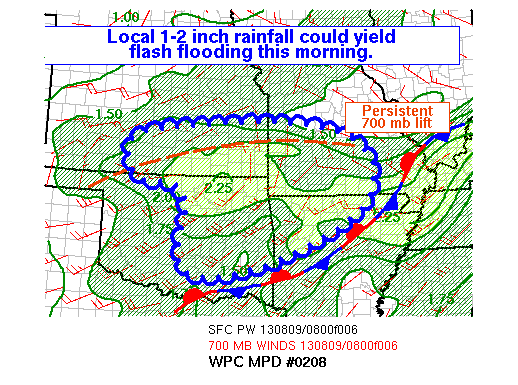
AREAS AFFECTED...SOUTHERN KS...SOUTHWEST MO...NORTHEAST
OK...NORTHWEST AR

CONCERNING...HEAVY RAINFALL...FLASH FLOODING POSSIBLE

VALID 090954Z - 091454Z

SUMMARY...SUSTAINED LIFT IN A MOIST AND WEAKLY UNSTABLE
ENVIRONMENT MAY YIELD ENOUGH RAINFALL TO CAUSE FLASH FLOODING IN
THE MOST SUSCEPTIBLE AREAS.

DISCUSSION...THE THURSDAY EVENING CONVECTIVE EVENT HAD MOWED
THROUGH MOST OF THE NEAR-SFC BASED INSTABILITY OVER THIS
REGION...BUT AT 0930Z RADAR STILL SHOWED POCKETS OF HEAVY RAIN
FROM BOTH SHALLOW UPDRAFTS IN KS AND DEEPER UPDRAFTS IN OK. OUR
CONCERN FOR HEAVY RAIN FOCUSES MAINLY IN TWO AREAS. FIRST THE WEST
TO EAST ORIENTED 700 MB TROUGH AXIS IN SOUTHERN KS AND MO.
CONVERGENCE OF 850 MB WINDS ALSO FOCUSES ALONG THIS AXIS...AND THE
RAP FORECASTS CONTINUED LIFT HERE THROUGH 15Z AND BEYOND. RAINFALL
HAD BEEN LOCALLY EFFICIENT IN NORTHERN OK EARLIER...WHERE 1-1.5
INCHES IN AN HOUR HAD BEEN NOTED PER THE OK MESONET. COVERAGE OF
INTENSE ECHOES HAD DECREASED BUT HEAVY RAIN COULD STILL BE FOUND
BASED ON DUAL POL DATA IN SOUTHERN KS. THE 00Z WRF ARW AND NSSL
WRF HAD HANDLED THE 06-09Z TIME FRAME RATHER WELL...AND BOTH
SUGGEST NARROW WEST-EAST BANDS OF MODERATE RAINFALL ACROSS KS/MO.
WITH AN EFFICIENT WARM RAIN PROCESS LIKELY TO EXIST IN THE SHALLOW
CONVECTION HERE...1-2 INCHES OF RAIN ARE POSSIBLE LOCALLY...WHICH
MAY JUST EXCEED THE LOW FLASH FLOOD GUIDANCE VALUES OVER 1 TO 3
HOURS.

MEANWHILE...DEEPER UPDRAFTS REMAIN POSSIBLE OVER CENTRAL/EASTERN
OK...EVENTUALLY WORKING INTO NORTHWEST AR...AS SOUTH TO
SOUTHWESTERLY LOW LEVEL FLOW PRODUCES UPGLIDE NORTH OF THE
RECENTLY REINFORCED FRONTAL ZONE. MODELS SHOW GRADUAL 700 MB
DRYING WORKING IN FROM THE WEST TO YIELD AN EASTWARD MOVEMENT TO
THE ACTIVITY...BUT WITH THE POTENTIAL FOR A FEW ROUNDS OF HEAVY
DOWNPOURS BEFORE ENDING AT A GIVEN LOCATION. HERE NEW RAINFALL
TOTALS COULD EXCEED 2 INCHES LOCALLY GIVEN THE DEEPER CORES AND
HIGHER RAIN RATES.